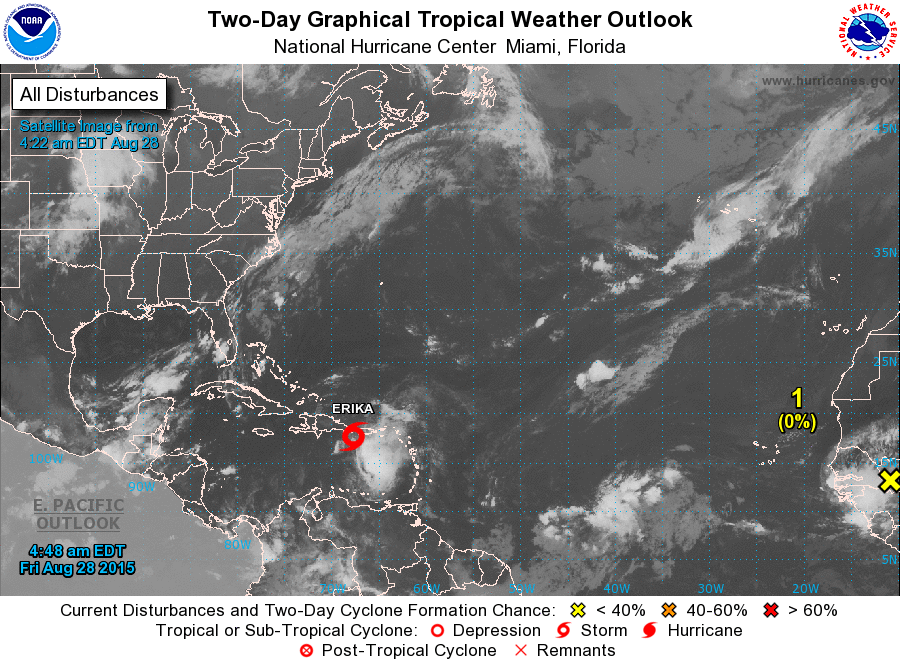
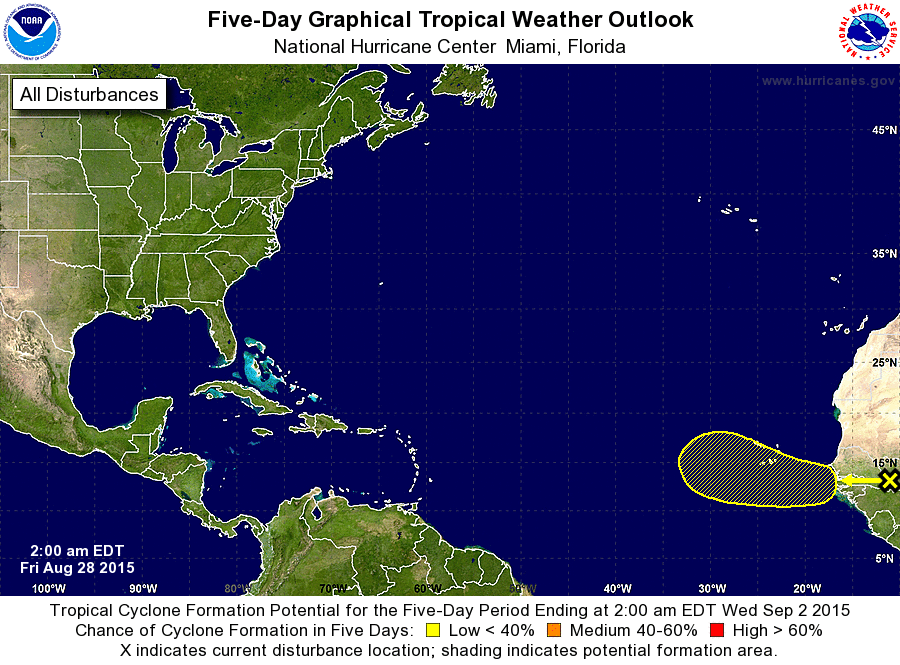
For the North Atlantic...Caribbean Sea and the Gulf of Mexico:

The National Hurricane Center is issuing advisories on Tropical Storm Erika, located south of Puerto Rico.

1. A tropical wave is forecast to emerge off of the west coast of Africa on Saturday a few hundred miles east-southeast of the Cape Verde Islands. Some slow development of the disturbance will be possible through the middle of next week while the system moves westward at 10 to 15 mph.
* Formation chance through 48 hours...low...near 0 percent
* Formation chance through 5 days...low...30 percent

Forecaster Blake